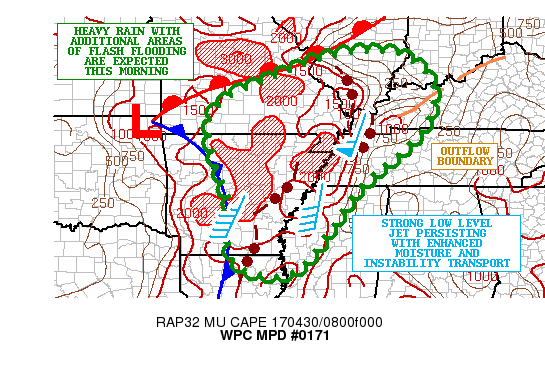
AREAS AFFECTED...AR...SOUTHERN MO...SOUTHERN IL...SOUTHWEST
IN...WESTERN KY...WESTERN TN

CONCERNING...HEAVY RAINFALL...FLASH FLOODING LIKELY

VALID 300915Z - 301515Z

SUMMARY...FLASH FLOODING WILL REMAIN LIKELY THROUGH MUCH OF THE
MORNING AS ADDITIONAL HEAVY SHOWERS AND THUNDERSTORMS CROSS THE
REGION WITH LOCALLY INTENSE RAINFALL RATES.

DISCUSSION...WIDESPREAD SHOWERS AND THUNDERSTORM ACTIVITY
CONTINUES THIS MORNING ACROSS MUCH OF AR...SOUTHERN MO AND
SOUTHERN IL ONCE AGAIN. THE CONVECTION CONTINUES TO BE FOSTERED BY
A STRONG WARM ADVECTION PATTERN OVER THE LOWER/MID MS VALLEYS
AHEAD OF A DEEP UPPER TROUGH/CLOSED LOW SYSTEM OVER THE SOUTHERN
HIGH PLAINS. AHEAD OF A DEEPENING SURFACE LOW PRESSURE CENTER IS A
TRANSPORT OF VERY MOIST AIR...WITH A NOSE OF 1.75 TO 2 INCH PWATS.
A STRONG LOW LEVEL JET OF 50 TO 60 KTS HAS BEEN FACILITATING THIS
AND ALSO THE ADVANCEMENT OF A MODERATE TO STRONGLY UNSTABLE
AIRMASS HIGHLIGHTED BY MUCAPE VALUES OF AROUND 2000 J/KG ACROSS
THE LOWER AND MID MS VALLEY.

OVER THE LAST COUPLE OF HOURS...THE STRONGEST CONVECTION HAS
GENERALLY BEEN ACROSS AREAS OF CENTRAL AND EASTERN AR WHERE THE
INSTABILITY HAS BEEN MUCH MORE PRONOUNCED IN THE BOUNDARY LAYER.
MEANWHILE...A QUASI-LINEAR CONVECTIVE BOW HAS BEEN ADVANCING
QUICKLY EAST-NORTHEAST ACROSS SOUTHEAST MO...SOUTHERN IL AND FAR
WESTERN TN...ALTHOUGH THIS HAS BEEN SHOWING SIGNS OF WEAKENING AS
IT ADVANCES DOWNSTREAM AWAY FROM THE NOSE OF GREATER INSTABILITY.
THE PRECIPITATION SHIELD ACROSS SOUTHERN MO THOUGH HAS BEEN
CHARACTERIZED BY PERSISTENT MODERATE TO HEAVY STRATIFORM RAIN WITH
SOME EMBEDDED ELEVATED CONVECTIVE ELEMENTS PRODUCING LOCALLY
HEAVIER RAINFALL RATES.

THE NEXT SEVERAL HOURS SHOULD BE CHARACTERIZED BY STRONG
THUNDERSTORM ACTIVITY OVER ESPECIALLY EASTERN AR AND GRADUALLY
NOSING INTO WESTERN KY/WESTERN TN AND NORTHWEST MS AS A COLD FRONT
APPROACHES FROM THE WEST AND IT INTERACTS WITH THE VERY
MOIST/UNSTABLE AIRMASS PRECEDING IT. RATHER STRONGLY DIFFLUENT
FLOW ALOFT WILL CONTINUE TO ENHANCE THE CONVECTIVE POTENTIAL.
EXPECT ADDITIONAL RAINFALL AMOUNTS OF 2 TO 4 INCHES ACROSS THESE
AREAS WITH ISOLATED HEAVIER AMOUNTS TO OVER 5 INCHES. FARTHER
NORTH OVER SOUTHERN MO AND INTO SOUTHERN IL/SOUTHWEST
IN...ADDITIONAL RAINFALL AMOUNTS OF 1 TO 2 INCHES WILL BE POSSIBLE
WHERE THERE WILL BE MORE STRATIFORM TYPE RAINFALL AND A FEW
CONVECTIVE ELEMENTS. GIVEN THE SATURATE SOIL CONDITIONS OVER MUCH
OF THE THREAT AREA...ENHANCED RUNOFF AND FLASH FLOODING WILL
CONTINUE.